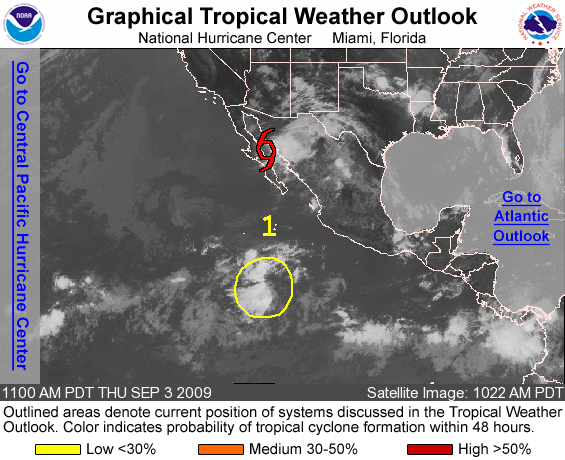
FOR THE EASTERN NORTH PACIFIC...EAST OF 140 DEGREES WEST LONGITUDE..

THE NATIONAL HURRICANE CENTER IS ISSUING ADVISORIES ON TROPICAL STORM JIMENA...LOCATED OVER THE GULF OF CALIFORNIA ABOUT 40 MILES NORTH-NORTHEAST OF SANTA ROSALIA MEXICO.

1. A BROAD LOW PRESSURE AREA LOCATED ABOUT 700 MILES SOUTH OF THE SOUTHERN TIP OF BAJA CALIFORNIA CONTINUES TO PRODUCE SHOWERS AND THUNDERSTORMS. UPPER-LEVEL WINDS ARE FORECAST TO BECOME MORE CONDUCIVE FOR DEVELOPMENT AS THE SYSTEM MOVES TO THE WEST-NORTHWEST AT ABOUT 10 MPH. THERE IS A LOW CHANCE...LESS THAN 30 PERCENT...OF THIS SYSTEM BECOMING A TROPICAL CYCLONE DURING THE NEXT 48 HOURS.

ELSEWHERE...TROPICAL CYCLONE FORMATION IS NOT EXPECTED DURING THE NEXT 48 HOURS.

FORECASTER BLAKE